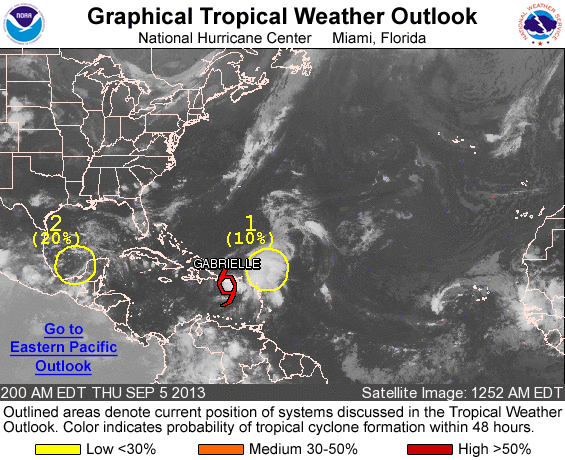
FOR THE NORTH ATLANTIC...CARIBBEAN SEA AND THE GULF OF MEXICO...

THE NATIONAL HURRICANE CENTER IS ISSUING ADVISORIES ON RECENTLY UPGRADED TROPICAL STORM GABRIELLE...LOCATED SOUTH OF PUERTO RICO.

1. A LARGE AREA OF DISORGANIZED SHOWERS AND THUNDERSTORMS ASSOCIATED WITH A SURFACE TROUGH...EXTEND FROM THE NORTHEAST LEEWARD ISLANDS NORTHEASTWARD OVER THE ATLANTIC WATERS FOR SEVERAL HUNDRED MILES. ANY DEVELOPMENT OF THIS SYSTEM IS EXPECTED TO BE LIMITED DUE TO ITS PROXIMITY TO TROPICAL STORM GABRIELLE. THIS SYSTEM HAS A LOW CHANCE...10 PERCENT...OF BECOMING A TROPICAL CYCLONE DURING THE NEXT 48 HOURS AS IT MOVES NORTHWESTWARD AT 10 TO 15 MPH. DEVELOPMENT IS NOT EXPECTED AFTER 48 HOURS...AND THIS SYSTEM HAS A LOW CHANCE...10 PERCENT...OF BECOMING A TROPICAL CYCLONE DURING THE NEXT 5 DAYS.

2. DISORGANIZED CLOUDINESS AND SHOWERS OVER THE EASTERN PORTION OF THE BAY OF CAMPECHE ARE ASSOCIATED WITH A TROUGH OF LOW PRESSURE THAT IS MOVING WESTWARD AT 10 TO 15 MPH. DEVELOPMENT..IF ANY...WILL BE SLOW TO OCCUR BEFORE THIS SYSTEM MOVES INLAND ALONG THE COAST OF MAINLAND MEXICO ON FRIDAY. THIS SYSTEM HAS A LOW CHANCE...20 PERCENT...OF BECOMING A TROPICAL CYCLONE DURING THE NEXT 48 HOURS...AND A LOW CHANCE...20 PERCENT... OF BECOMING A TROPICAL CYCLONE DURING THE NEXT 5 DAYS.

OTHER SYSTEMS WITH FORMATION POTENTIAL BEYOND 48 HOURS...

A TROPICAL WAVE OVER AFRICA IS EXPECTED TO MOVE OVER THE FAR EASTERN ATLANTIC OCEAN IN A COUPLE OF DAYS...AND SOME DEVELOPMENT OF THIS SYSTEM IS POSSIBLE OVER THE WEEKEND. THIS SYSTEM HAS A LOW CHANCE...NEAR 0 PERCENT...OF BECOMING A TROPICAL CYCLONE DURING THE NEXT 48 HOURS...AND A LOW CHANCE...20 PERCENT...OF BECOMING A TROPICAL CYCLONE DURING THE NEXT 5 DAYS.

PUBLIC ADVISORIES ON GABRIELLE ARE ISSUED UNDER WMO HEADER WTNT32 KNHC AND UNDER AWIPS HEADER MIATCPAT2...AND FORECAST/ADVISORIES ARE ISSUED UNDER WMO HEADER WTNT22 KNHC AND UNDER AWIPS HEADER MIATCMAT2.

FIVE-DAY FORMATION PROBABILITIES ARE EXPERIMENTAL IN 2013. COMMENTS ON THE EXPERIMENTAL FORECASTS CAN BE PROVIDED AT...

HTTP://WWW.NWS.NOAA.GOV/SURVEY/NWS-SURVEY.PHP?CODE=ETWO

FORECASTER BROWN